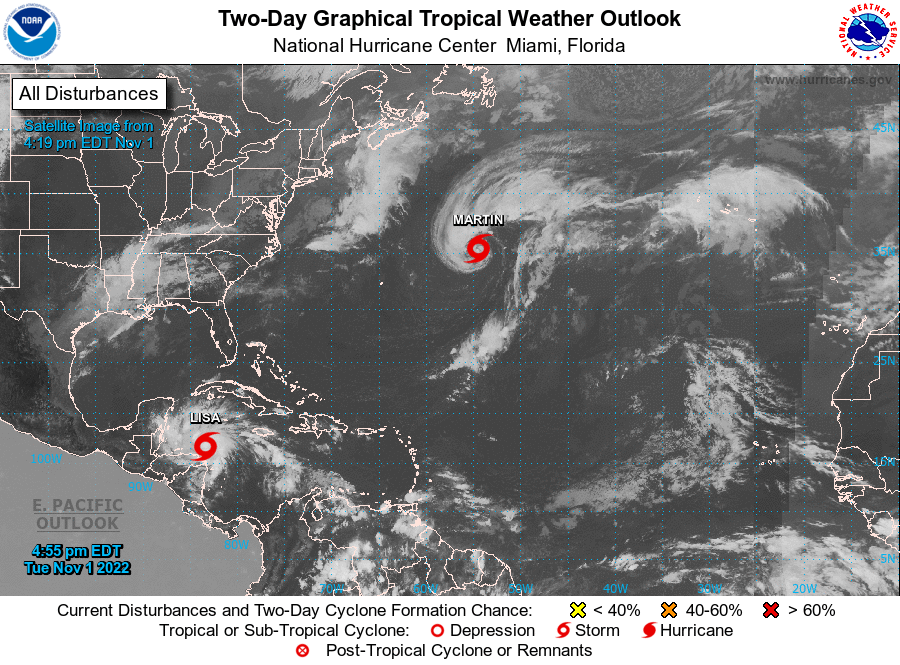
For the North Atlantic...Caribbean Sea and the Gulf of Mexico:

Active Systems: The National Hurricane Center is issuing advisories on Tropical Storm Lisa, located over the western Caribbean Sea, and Tropical Storm Martin, located over the central North Atlantic.

1. Southwestern Atlantic: A broad area of low pressure is expected to develop over the weekend across the southwestern tropical Atlantic or the eastern Caribbean. Slow development of the system is possible as it moves generally northward this weekend.
* Formation chance through 48 hours...low...near 0 percent.
* Formation chance through 5 days...low...20 percent.

Public Advisories on Tropical Storm Martin are issued under WMO header WTNT31 KNHC and under AWIPS header MIATCPAT1. Forecast/Advisories on Tropical Storm Martin are issued under WMO header WTNT21 KNHC and under AWIPS header MIATCMAT1.

Forecaster Pereira